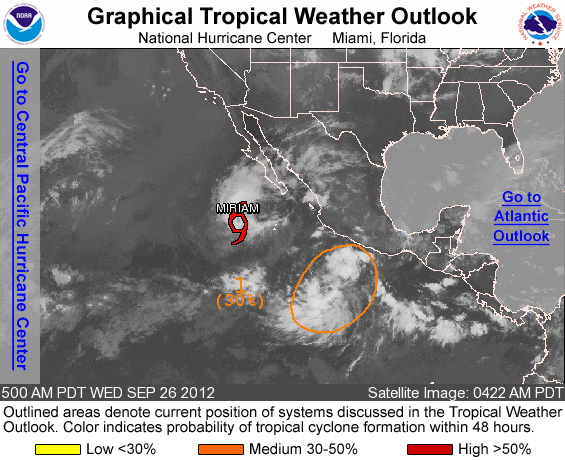
FOR THE EASTERN NORTH PACIFIC...EAST OF 140 DEGREES WEST LONGITUDE..

THE NATIONAL HURRICANE CENTER IS ISSUING ADVISORIES ON HURRICANE MIRIAM...LOCATED ABOUT 430 MILES WEST-SOUTHWEST OF THE SOUTHERN TIP OF BAJA CALIFORNIA.

1. SHOWER ACTIVITY ASSOCIATED WITH A LARGE AREA OF DISTURBED WEATHER LOCATED SEVERAL HUNDRED SOUTHWEST OF ACAPULCO MEXICO HAS BECOME A LITTLE BETTER ORGANIZED. SLOW DEVELOPMENT OF THIS SYSTEM IS POSSIBLE DURING THE NEXT COUPLE OF DAYS AS IT MOVES NORTHWESTWARD TO NORTHWARD AT ABOUT 10 MPH. THIS SYSTEM HAS A MEDIUM CHANCE...30 PERCENT...OF BECOMING A TROPICAL CYCLONE DURING THE NEXT 48 HOURS.

ELSEWHERE...TROPICAL CYCLONE FORMATION IS NOT EXPECTED DURING THE NEXT 48 HOURS.

FORECASTER BEVEN